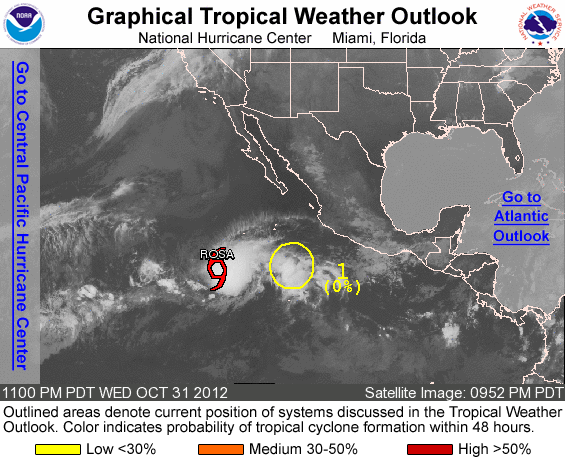
FOR THE EASTERN NORTH PACIFIC...EAST OF 140 DEGREES WEST LONGITUDE..

THE NATIONAL HURRICANE CENTER IS ISSUING ADVISORIES ON TROPICAL STORM ROSA...LOCATED ABOUT 810 MILES SOUTHWEST OF CABO SAN LUCAS MEXICO.

1. SHOWERS AND THUNDERSTORMS ASSOCIATED WITH A WEAK LOW PRESSURE SYSTEM LOCATED ABOUT 475 MILES SOUTHWEST OF MANZANILLO MEXICO REMAIN DISORGANIZED. UPPER-LEVEL WINDS DO NOT APPEAR CONDUCIVE FOR DEVELOPMENT...AND THIS SYSTEM HAS A LOW CHANCE...NEAR 0 PERCENT... OF BECOMING A TROPICAL CYCLONE AS IT MOVES LITTLE DURING THE NEXT 48 HOURS.

ELSEWHERE...TROPICAL CYCLONE FORMATION IS NOT EXPECTED DURING THE NEXT 48 HOURS.

FORECASTER BERG